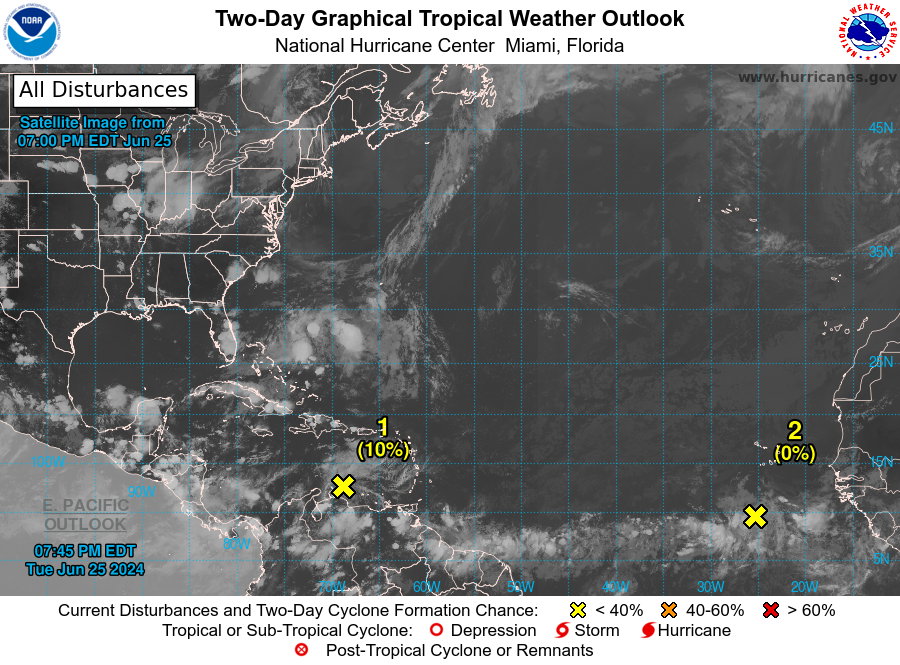
For the North Atlantic...Caribbean Sea and the Gulf of Mexico:

1. Western Caribbean/Southwestern Gulf of Mexico (AL94): A tropical wave located over the southeastern Caribbean Sea is producing disorganized showers and thunderstorms as it moves quickly westward at around 25 mph. Environmental conditions could become more conducive for some gradual development late this week over the western Caribbean Sea or over the southwestern Gulf of Mexico during the weekend.
* Formation chance through 48 hours...low...10 percent.
* Formation chance through 7 days...low...20 percent.

2. Eastern Tropical Atlantic: A tropical wave centered a couple of hundred miles south of the Cabo Verde Islands is producing disorganized showers and thunderstorms. Some slow development of this system is possible this weekend and into early next week while it moves generally westward across the central and western tropical Atlantic at 15 to 20 mph.
* Formation chance through 48 hours...low...near 0 percent.
* Formation chance through 7 days...low...20 percent.

Forecaster Bucci